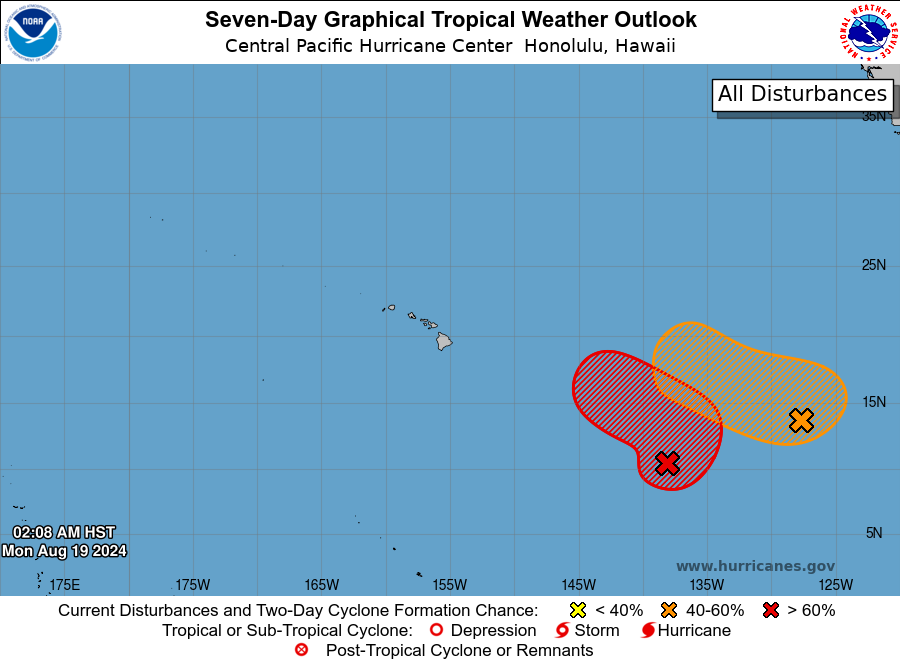
For the central North Pacific...between 140W and 180W:

1. Approximately 1300 miles east-southeast of Hilo, Hawaii (EP90): An area of low pressure located well east-southeast of Hawaii continues to show signs of becoming better organized. Environmental conditions are expected to be conducive for additional development and a tropical depression is likely to form during the next couple of days. The disturbance is forecast to meander slowly northward during the next few days, before accelerating west-northwestward into the Central Pacific basin by the latter portion of the week.
* Formation chance through 48 hours...high...70 percent.
* Formation chance through 7 days...high...80 percent.

Elsewhere, no tropical cyclones are expected during the next 7 days.

Forecaster Gibbs